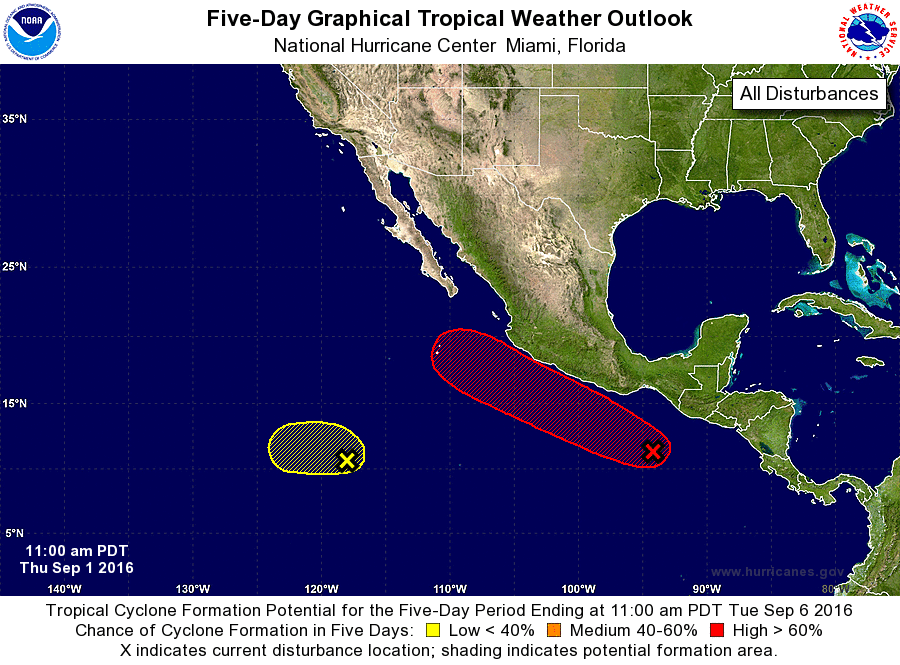
For the eastern North Pacific...east of 140 degrees west longitude:

1. Showers and thunderstorms continue to show signs of organization in association with a trough of low pressure located several hundred miles southeast of Acapulco, Mexico. Environmental conditions are expected to be conducive for development, and a tropical depression is likely to form over the weekend while the low moves west- northwestward or northwestward near the coast of Mexico. Interests along the southern and southwestern coast of Mexico should monitor the progress of this disturbance. Locally heavy rain, flash floods and mud slides are likely in these areas starting tomorrow and continuing through the weekend.
* Formation chance through 48 hours...medium...60 percent
* Formation chance through 5 days...high...80 percent

2. A weak area of low pressure is located about 1000 miles south- southwest of the southern tip of the Baja California peninsula. This system is expected to drift westward during the next few days, and any development should be slow to occur due to strong upper- level winds.
* Formation chance through 48 hours...low...10 percent
* Formation chance through 5 days...low...20 percent

Forecaster Blake